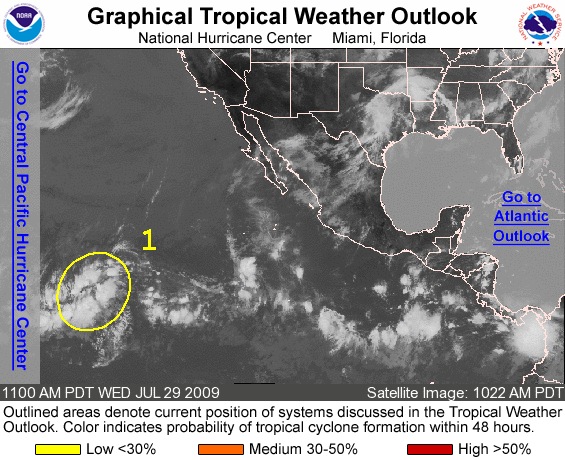
FOR THE EASTERN NORTH PACIFIC...EAST OF 140 DEGREES WEST LONGITUDE..

1. CLOUDINESS AND SHOWERS HAVE INCREASED AGAIN NEAR A TROPICAL WAVE LOCATED ABOUT 1500 MILES EAST-SOUTHEAST OF THE HAWAIIAN ISLANDS. HOWEVER...SIGNIFICANT DEVELOPMENT OF THIS SYSTEM IS NOT EXPECTED AS IT MOVES GENERALLY WESTWARD AT 10 TO 15 MPH. THERE IS A LOW CHANCE...LESS THAN 30 PERCENT...OF THIS SYSTEM BECOMING A TROPICAL CYCLONE DURING THE NEXT 48 HOURS.

ELSEWHERE...TROPICAL CYCLONE FORMATION IS NOT EXPECTED DURING THE NEXT 48 HOURS.

FORECASTER BERG